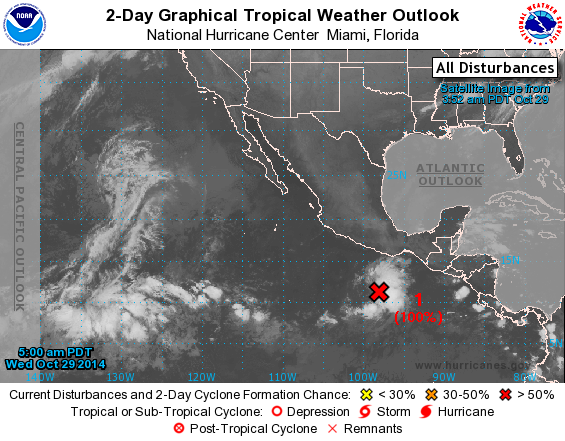
For the eastern North Pacific...east of 140 degrees west longitude:

1. Showers and thunderstorms associated with the area of low pressure located several hundred miles south-southeast of Acapulco, Mexico, continue to show signs of organization. However, the system still lacks a well-defined surface circulation. Environmental conditions are conducive for development, and a tropical depression is expected to form by tonight while the low moves west-northwestward at about 5 mph.
* Formation chance through 48 hours...high...near 100 percent.
* Formation chance through 5 days...high...near 100 percent.

Forecaster Blake